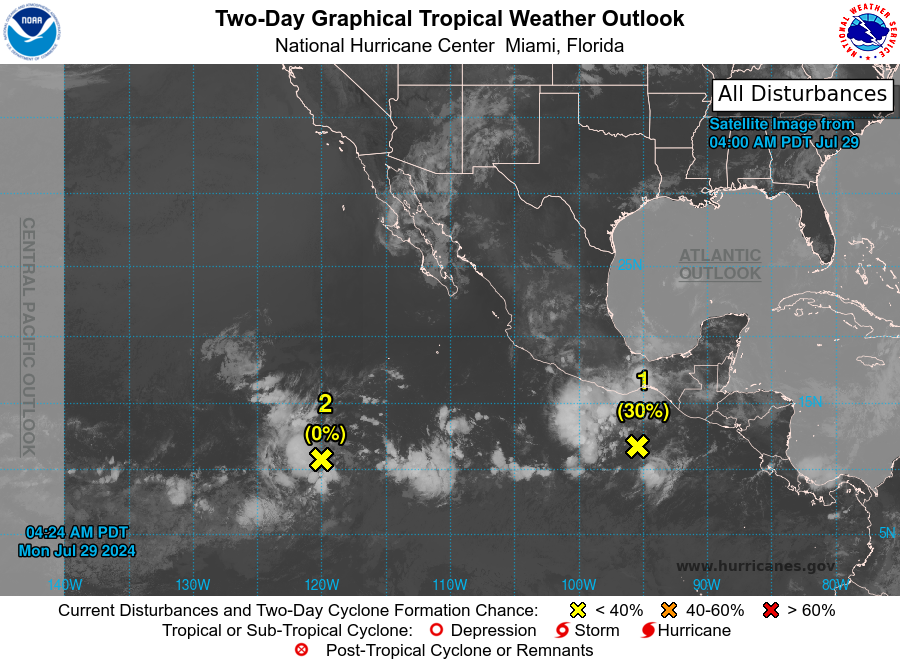
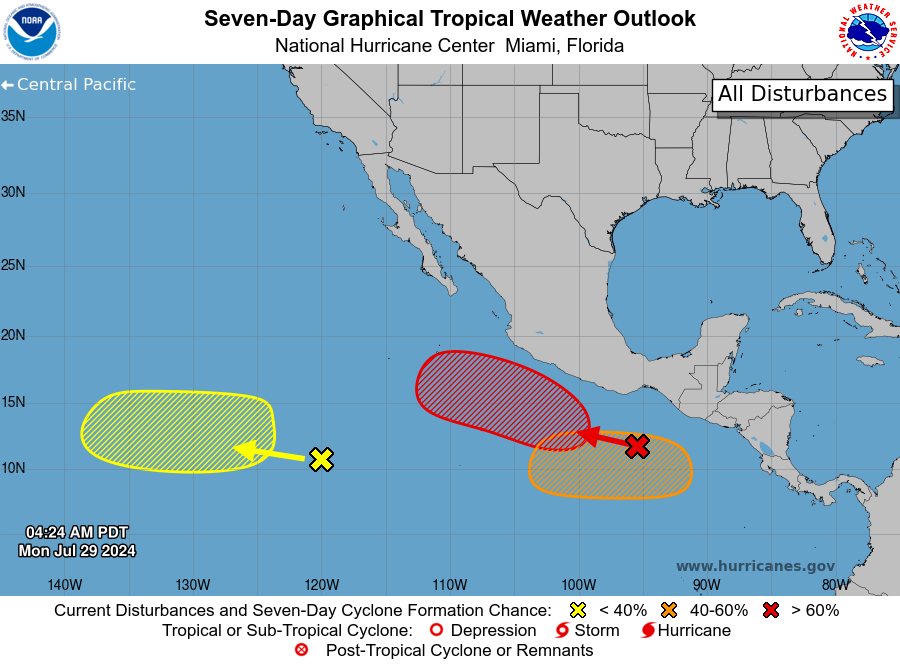
For the eastern North Pacific...east of 140 degrees west longitude:

1. South of Southern Mexico: An area of disorganized showers and thunderstorms located a few hundred miles south of the southern coast of Mexico is associated with a tropical wave. Environmental conditions appear conducive for gradual development of this system, and a tropical depression is likely to form during the middle part of the week. The system is forecast to move westward to west-northwestward at 10 to 15 mph during the next several days, remaining offshore of the southern coast of Mexico.
* Formation chance through 48 hours...low...30 percent.
* Formation chance through 7 days...high...80 percent.

2. Western East Pacific: A tropical wave located well to the southwest of the southern tip of the Baja California Peninsula continues to produce some disorganized showers and thunderstorms. Gradual development of this system is possible during the middle and latter parts of the week while it moves westward to west-northwestward at about 10 mph across the western portion of the basin.
* Formation chance through 48 hours...low...near 0 percent.
* Formation chance through 7 days...low...30 percent.

3. South of Central America and Southern Mexico: An area of low pressure is forecast to form offshore of the coast of Central America and southern Mexico later this week. Environmental conditions appear conducive for gradual development of this system, and a tropical depression could form towards the end of the week or this weekend. The system is forecast to move westward to west-northwestward at 10 to 15 mph during the next several days, remaining offshore.
* Formation chance through 48 hours...low...near 0 percent.
* Formation chance through 7 days...medium...40 percent.

Forecaster Kelly